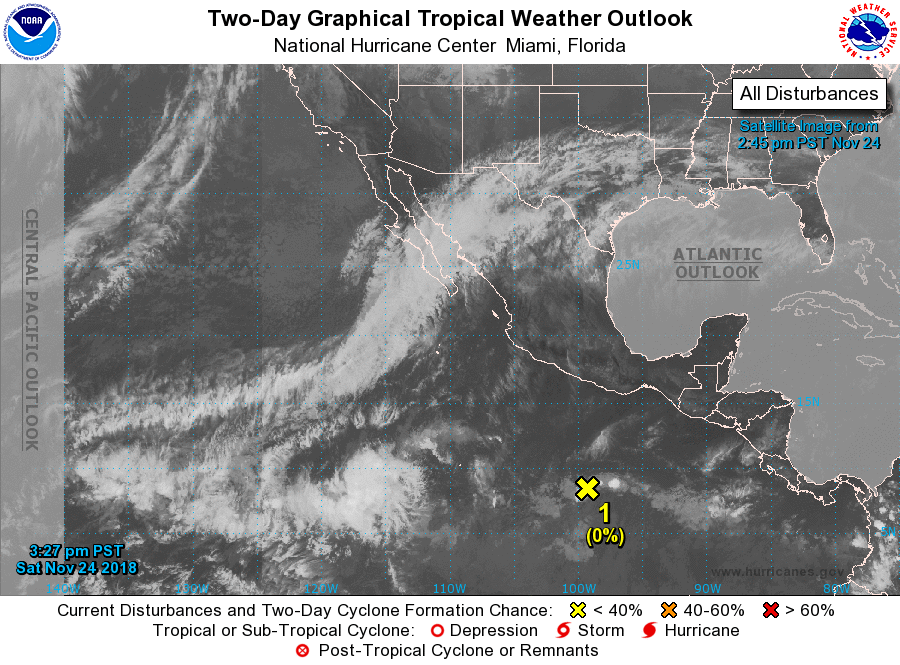
For the eastern North Pacific...east of 140 degrees west longitude:

1. A broad area of low pressure located more than 500 miles south of Acapulco, Mexico, is producing minimal shower activity. However, environmental conditions are expected to become somewhat conducive for gradual development during the next several days while the disturbance moves slowly westward or northwestward.
* Formation chance through 48 hours...low...near 0 percent.
* Formation chance through 5 days...low...30 percent.

Forecaster Stewart